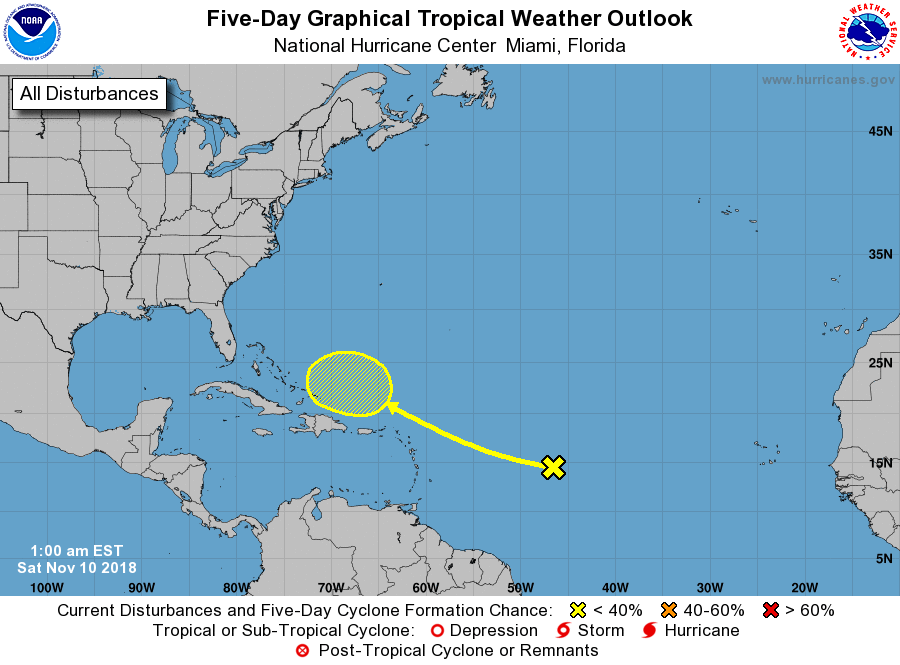
For the North Atlantic...Caribbean Sea and the Gulf of Mexico:

1. A tropical wave located several hundred miles east of the Lesser Antilles is producing disorganized showers and thunderstorms. Development of this system is not expected during the next few days due to unfavorable environmental conditions. However, some subtropical or tropical development is possible around the middle of next week when the system moves near or to the north of the Greater Antilles.
* Formation chance through 48 hours...low...near 0 percent.
* Formation chance through 5 days...low...20 percent.

Forecaster Cangialosi